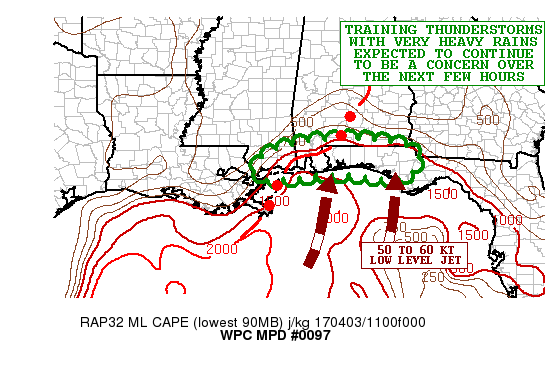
AREAS AFFECTED...FAR SOUTHERN MS....SOUTHERN AL...FL PANHANDLE

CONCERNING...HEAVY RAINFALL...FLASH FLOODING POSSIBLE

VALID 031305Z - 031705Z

SUMMARY...INTENSE THUNDERSTORMS WITH VERY HEAVY RAINS WILL
CONTINUE TO ADVANCE EAST THROUGH THE MORNING HOURS. FLASH FLOODING
WILL BE POSSIBLE.

DISCUSSION...RADAR IMAGERY CONTINUES TO SHOW A QLCS MOVING
GRADUALLY EAST ACROSS THE CENTRAL GULF COAST REGION...WITH INTENSE
THUNDERSTORMS PRODUCING VERY HEAVY RAINS FROM EXTREME SOUTHEAST LA
EAST-NORTHEAST ACROSS FAR SOUTHEAST MS AND MOVING INTO SOUTHERN
AL. THE LATEST GOES IR SAT IMAGERY SHOWS VERY COLD CONVECTIVE TOPS
PERSISTING WITH SOME HINTS OVER THE LAST COUPLE OF HOURS OF SOME
SUBTLE WARMING. NEVERTHELESS...THE CONVECTION IS ADVANCING EAST
AND GENERALLY SUSTAINING ITSELF WITH THE LARGER SCALE FORCING
ASSOCIATED WITH A SHORTWAVE MOVING INTO WESTERN LA AROUND THE BASE
OF THE UPPER LOW OVER THE LOWER MS VALLEY. THIS STRONGER DEEP
LAYER ASCENT IS COUPLING WITH A STRONG AND PERSISTENT SOUTHERLY
LOW LEVEL JET OF 50 TO 60 KTS IN THE 850/925MB LAYER OVER THE
CENTRAL GULF COAST REGION. THE LOW LEVEL JET CONTINUES TO
TRANSPORT VERY MOIST AND UNSTABLE AIR NORTH FROM THE GULF OF
MEXICO...WITH PWATS OF 1.8 TO 1.9 INCHES AND MLCAPE VALUES OF UP
TO 2000 J/KG ALONG THE IMMEDIATE GULF COAST.

THE LATEST HRRR GUIDANCE GENERALLY SUPPORTS A CONTINUED EASTWARD
ADVANCE OF CONVECTION OVER THE NEXT FEW HOURS WITH MUCH OF THE
EMPHASIS SHIFTING ACROSS SOUTHERN AL AND ESPECIALLY THE FL
PANHANDLE WHERE SOME TRAINING OF CONVECTIVE CELLS WILL BE POSSIBLE
GIVEN THE ORIENTATION OF SOME SMALLER SCALE BOWS IN THE QLCS.
RAINFALL RATES HAVE CONTINUED TO BE IN THE 1 TO 2 INCH/HR
RANGE...AND THIS WILL CONTINUE...WITH STORM TOTAL AMOUNTS OF 3 TO
5 INCHES POSSIBLE THROUGH EARLY AFTERNOON. RUNOFF PROBLEMS AND
SOME FLASH FLOODING...ESPECIALLY NEAR URBANIZED AREAS WILL REMAIN
POSSIBLE GIVEN THE INTENSE SHORT-TERM RAINFALL RATES.